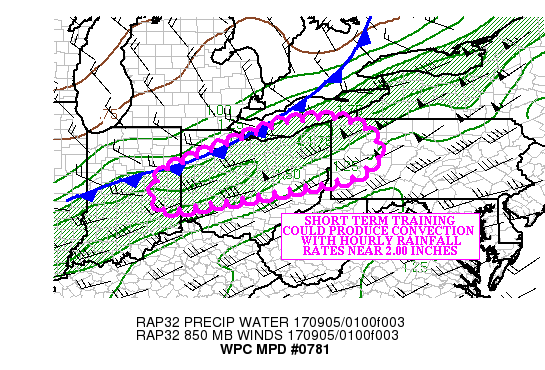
AREAS AFFECTED...OH/WESTERN PA

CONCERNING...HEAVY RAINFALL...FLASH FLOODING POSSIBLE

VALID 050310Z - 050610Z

SUMMARY...SHORT TERM TRAINING CONVECTION ALONG AND AHEAD OF A COLD
FRONT STRETCHING FROM ONTARIO INTO OH/IN COULD PRODUCE HOURLY
RAINFALL RATES NEAR 2.00 INCHES. THESE RAINFALL AMOUNTS COULD
RESULT IN A SHORT TERM FLASH FLOOD THREAT INTO THE EARLY MORNING
HOURS.

DISCUSSION...REGIONAL RADARS SHOWED A LINE OF BROKEN CONVECTION
EXTENDING FROM WESTERN NY STATE ACROSS OH INTO CENTRAL IN. FOR THE
MOST PART...THE RADAR PRESENTATION OF THE CONVECTION SUGGESTS THAT
IT IS MAINLY OUTFLOW DRIVEN...WITH SOME HAIL INDICATED (BY BOTH
SPOTTER REPORTS AND HCA PRODUCTS FROM THE KILN/KCLE RADARS).

THIS PRESENTATION IS SUPPORTED BY 00Z SOUNDINGS FROM
ILX/ILN...WHICH SHOWED STEEP MID LEVEL LAPSE RATES (GREATER THAN
7.0 C/KM) AND DRY AIR IN THE MID LEVELS. HOWEVER...AS PROPAGATION
VECTORS SLOW FOR A TIME ACROSS PORTIONS OF OH INTO WESTERN
PA...THE POTENTIAL FOR SHORT TERM TRAINING EXISTS. WHERE SHORT
TERM TRAINING OCCURS (LIKE WESTERN/CENTRAL OH)...HOURLY RAINFALL
RATES COULD APPROACH 2.00 INCHES (AS SEEN ON THE KILN/KCLE RADARS
IN THE PAST HOUR). THESE AMOUNT ARE SUPPORT BY SPOTTER REPORTS OF
1.50/2.00 INCHES OVER CENTRAL OH.

WHILE ONE AND THREE HOUR FLASH FLOOD GUIDANCE VALUES ARE GENERALLY
ABOVE 2.00 INCHES...A SHORT FUSED FLASH FLOOD THREAT IS EXPECTED
INTO THE EARLY MORNING HOURS. MOST OF THE HIGH RESOLUTION GUIDANCE
(INCLUDING THE MOST RECENT HRRR) INDICATED LOCAL 2.00 INCH
RAINFALL AMOUNTS THROUGH ABOUT 05/06Z ACROSS PORTIONS OF OH.